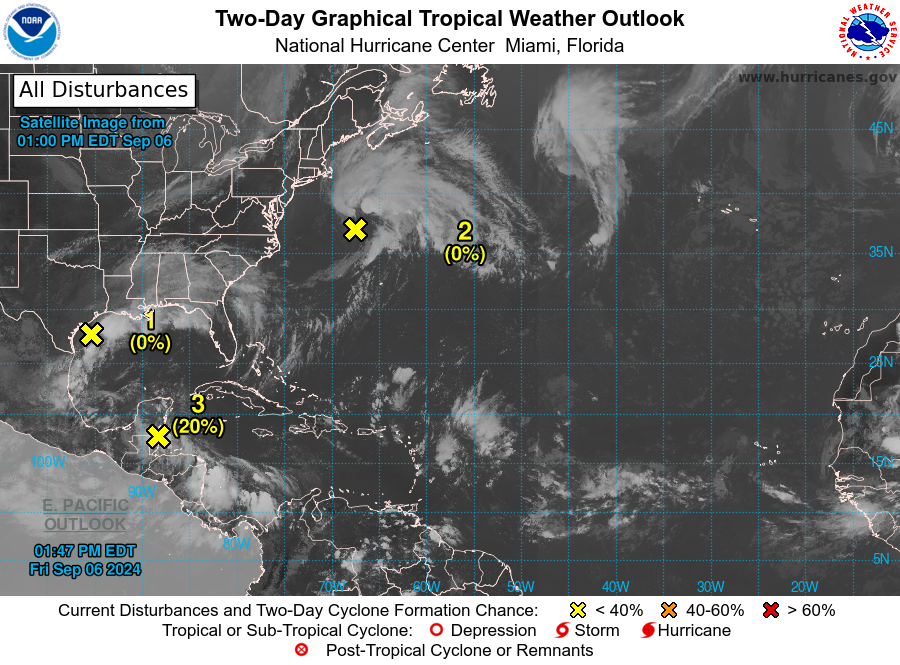
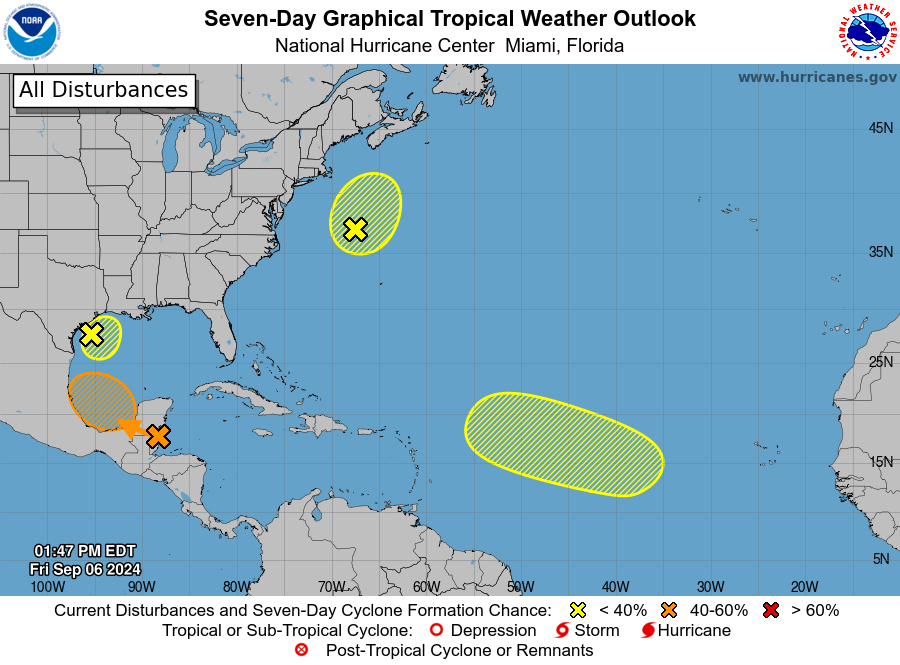
For the North Atlantic...Caribbean Sea and the Gulf of Mexico:

1. Northwestern Gulf of Mexico (AL90): Showers and thunderstorms associated with a low pressure system and weak frontal boundary over the northwestern Gulf of Mexico remain disorganized. The low is expected to be absorbed by the front and lose definition by tonight or on Saturday, and therefore tropical cyclone development is not expected. Regardless of development, heavy rainfall is expected to continue and possibly cause flash flooding across portions of the northern Gulf Coast during the next day or so. Additional information on this system can be found in products issued by your local National Weather Service Forecast Office and High Seas Forecasts issued by the National Weather Service.
* Formation chance through 48 hours...low...near 0 percent.
* Formation chance through 7 days...low...near 0 percent.

2. Northwestern Atlantic (AL99): An intensifying low pressure system located several hundred miles east of the U.S. Mid-Atlantic coast continues to take on a non-tropical structure and is now producing winds to storm force. Subtropical development of this system is not expected while it moves north-northeastward at 15 to 20 mph offshore the northeastern United States toward Atlantic Canada. Additional information on this system, including storm warnings, can be found in High Seas Forecasts issued by the National Weather Service.
* Formation chance through 48 hours...low...near 0 percent.
* Formation chance through 7 days...low...near 0 percent.

3. Southwestern Gulf of Mexico: A tropical wave located over Belize and the Yucatan Peninsula of Mexico is producing disorganized showers and thunderstorms. The wave is forecast to move into the Bay of Campeche on Saturday, where it could then begin to interact with a frontal boundary. A tropical depression could form during the early or middle part of next week while the system moves slowly northwestward over the southwestern Gulf of Mexico.
* Formation chance through 48 hours...low...20 percent.
* Formation chance through 7 days...medium...40 percent.

4. Eastern and Central Tropical Atlantic: An elongated trough of low pressure over the eastern tropical Atlantic is producing minimal shower and thunderstorm activity. Development, if any, should be slow to occur while the disturbance meanders through the early part of next week and then begins to move west-northwestward across the central tropical Atlantic during the middle to latter part of next week.
* Formation chance through 48 hours...low...near 0 percent.
* Formation chance through 7 days...low...10 percent.

High Seas Forecasts are issued by the National Weather Service under AWIPS header NFDHSFAT1 and WMO header FZNT01 KWBC, and online at ocean.weather.gov/shtml/NFDHSFAT1.php

Forecaster Berg